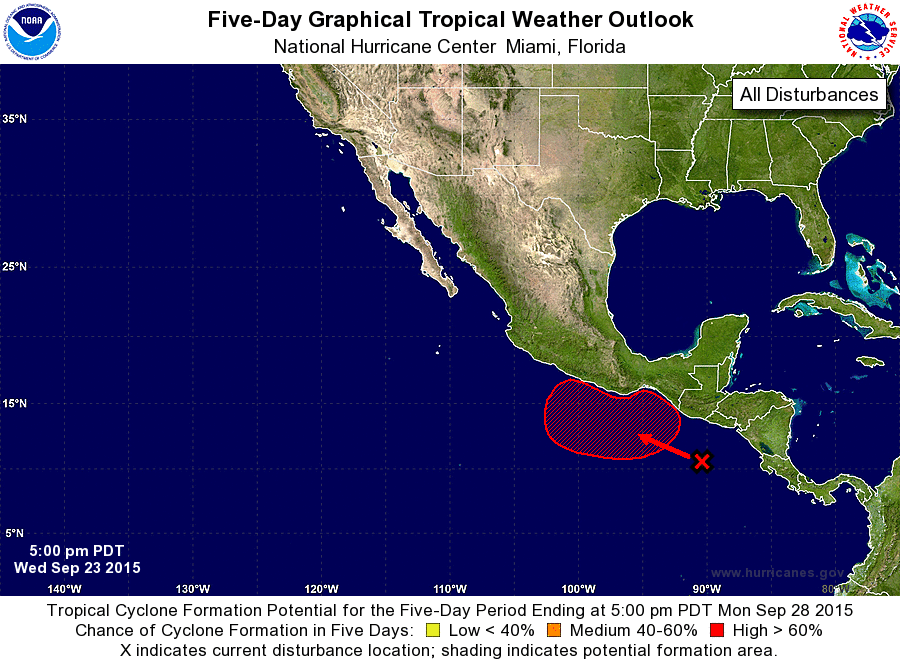
For the eastern North Pacific...east of 140 degrees west longitude:

1. A large area of disorganized cloudiness and shower activity extends for several hundred miles offshore of the coast of Central America. An area of low pressure is expected to form south or southwest of the Gulf of Tehuantepec later this week, and a tropical depression is likely to form by the end of the weekend while the low moves northward or northeastward toward the southeastern coast of Mexico. Interests along the southeastern coast of Mexico should monitor the progress of this disturbance over the next several days.
* Formation chance through 48 hours...low...30 percent
* Formation chance through 5 days...high...70 percent

Forecaster Brennan